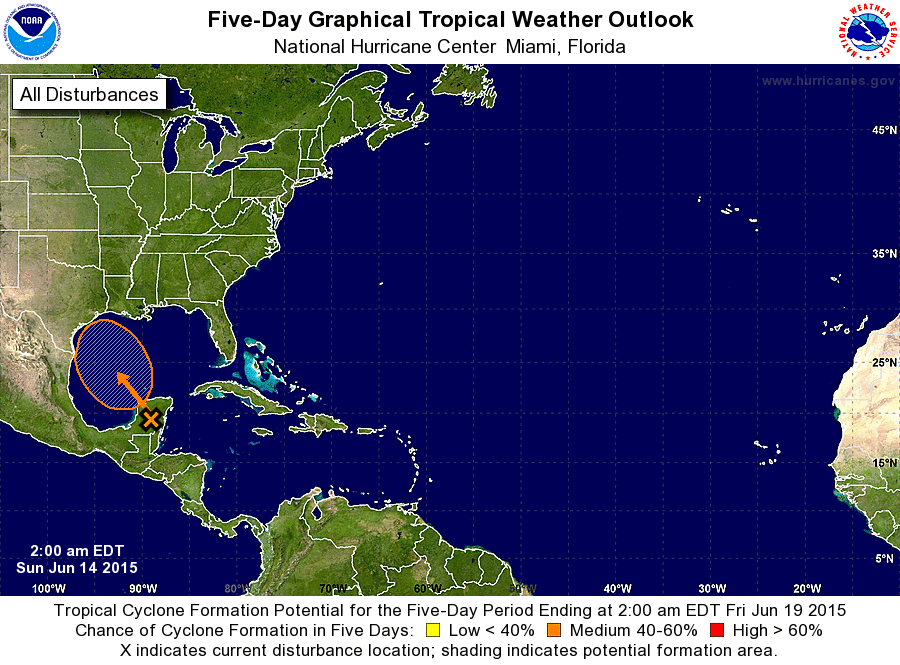
For the North Atlantic...Caribbean Sea and the Gulf of Mexico:

1. An area of low pressure located over the Yucatan Peninsula and an upper-level trough are producing a large area of showers and thunderstorms and winds to near gale force over portions of the northwestern Caribbean Sea and the southeastern Gulf of Mexico. Some development of this system is possible after it moves over the southwestern Gulf of Mexico later today and across the northwestern Gulf of Mexico through Tuesday. Regardless of development, heavy rains should continue over portions of the Yucatan Peninsula today. An Air Force Reserve Hurricane Hunter aircraft is scheduled to investigate the low this afternoon, if necessary. Additional information on this system can be found in High Seas Forecasts issued by the National Weather Service.
* Formation chance through 48 hours...medium...50 percent
* Formation chance through 5 days...medium...60 percent

High Seas Forecasts can be found under AWIPS header NFDHSFAT1 and WMO header FZNT01 KWBC.

Forecaster Cangialosi